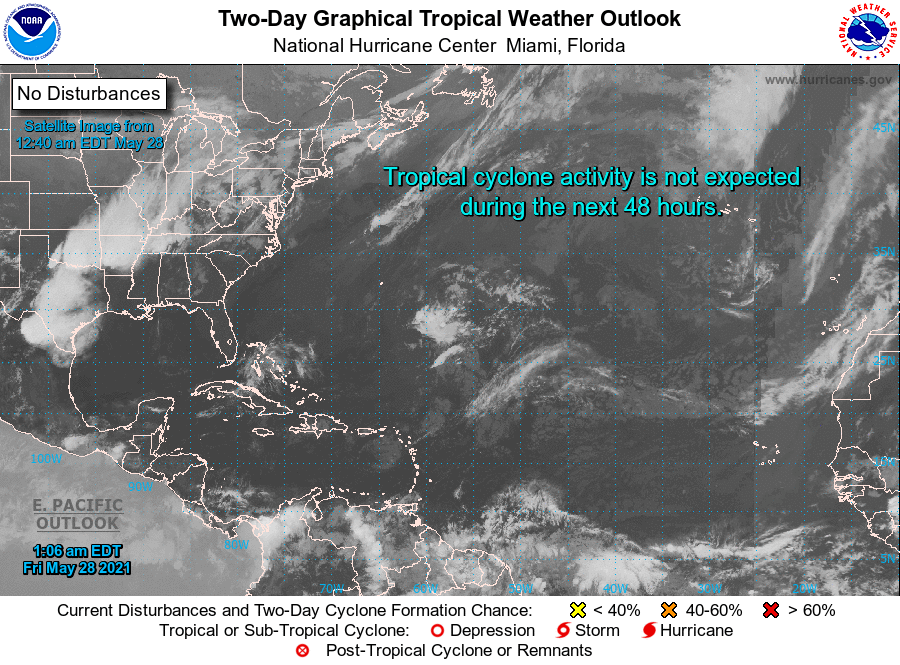
For the North Atlantic...Caribbean Sea and the Gulf of Mexico:

Tropical cyclone formation is not expected during the next 5 days.

Forecaster Beven